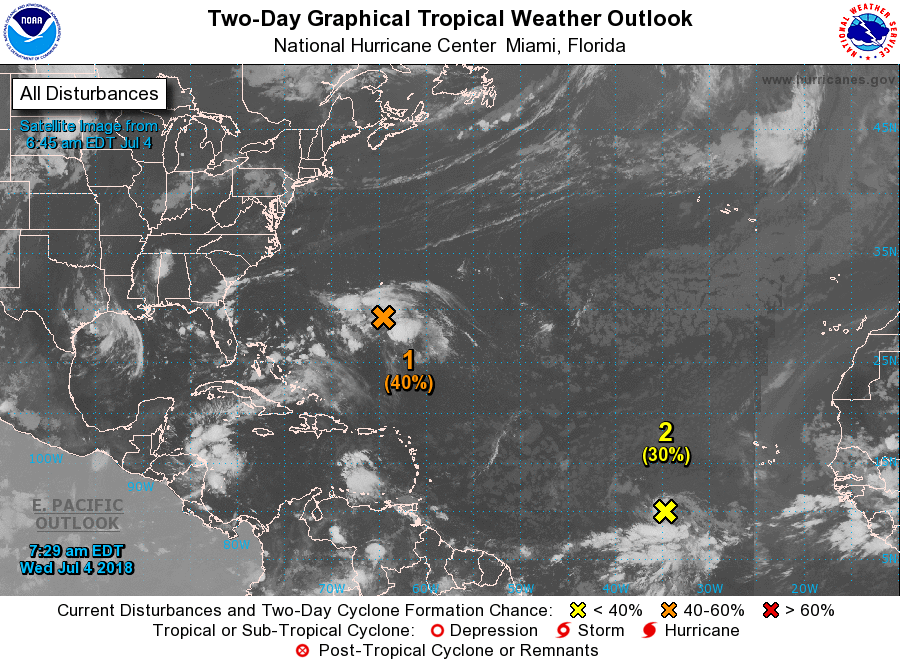
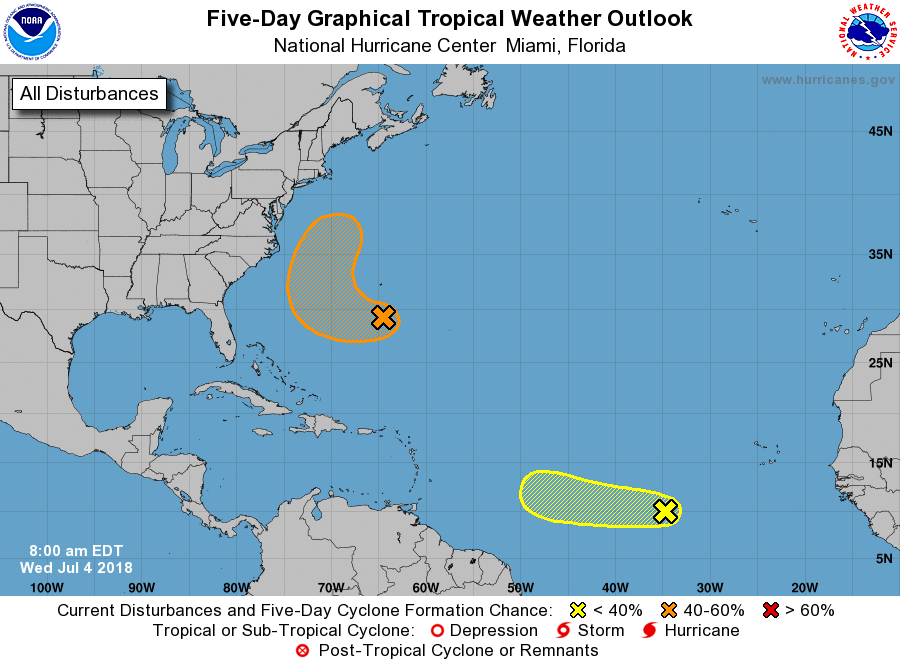
For the North Atlantic...Caribbean Sea and the Gulf of Mexico:

1. Disorganized showers and thunderstorms located within a few hundred miles to the south of Bermuda are associated with a trough of low pressure. Environmental conditions appear conducive for some development of this system, and a tropical depression could form before the end of the week while the system moves west-northwestward and then northward between Bermuda and the east coast of the United States. The system is then forecast to interact with a frontal system on Sunday, which would limit any additional development.
* Formation chance through 48 hours...medium...40 percent.
* Formation chance through 5 days...medium...60 percent.

2. A small area of low pressure associated with a tropical wave is producing a concentrated area of showers several hundred miles west-southwest of the Cabo Verde Islands. Some additional development of this system is possible during the next few days while the low moves westward at 10 to 15 mph over the tropical Atlantic Ocean. Upper-level winds are expected to become less conducive for development by this weekend when the system approaches the Lesser Antilles.
* Formation chance through 48 hours...low...30 percent.
* Formation chance through 5 days...low...30 percent.

Forecaster Berg